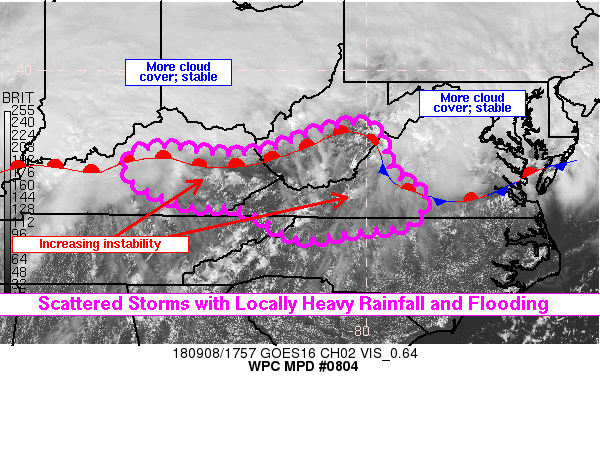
Areas affected...Ern Kentucky, Srn West Virginia, Wrn Virginia,
Far Nrn TN/NC

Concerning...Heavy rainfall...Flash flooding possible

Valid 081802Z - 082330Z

Summary...Scattered thunderstorms should develop from central and
eastern Kentucky, into the central Appalachians, and into southern
Virginia this afternoon. Some of the storms will likely produce
locally heavy rainfall, and could lead to flash flooding. Rain
rates around 1 in/hr will be common in most of the thunderstorms,
with rates to around 2 in/hr possible in the strongest storms.

Discussion...GOES-16 visible satellite showed a relatively sharp
southern edge to an expanse of stable cloud layers over the Ohio
River Valley and Mid Atlantic. This generally marked the position
of a surface front, and the air mass to the south of this front
was becoming increasingly unstable in the early afternoon hours.
Sufficient low-level moisture exists across the warm sector from
eastern Kentucky into western Virginia, with surface dewpoints in
the upper 60s to around 70 on a widespread basis. MLCAPE values
were around 1500 j/kg and this should be sufficient to support
some scattered stronger thunderstorms during the afternoon and
early evening hours. As the convection will be developing in the
warm sector south of the front, there may be a lack of focusing
mechanisms for more concentrated bands of convection. However,
relatively slow storm motions are expected, and Corfidi vector
magnitudes are generally less than 10 knots. Therefore, although
convection should be scattered, some localized heavy rainfall is
expected and this may lead to flash flooding. Flash flood guidance
across a considerable percentage of the outlined area is less than
2 inches in one hour, and the 12Z HREF shows probability of
exceeding flash flood guidance around 20-30 percent this
afternoon. Therefore, there is certainly a chance of flash
flooding, with the highest chances likely in urban areas or basins
with steeper terrain gradients.